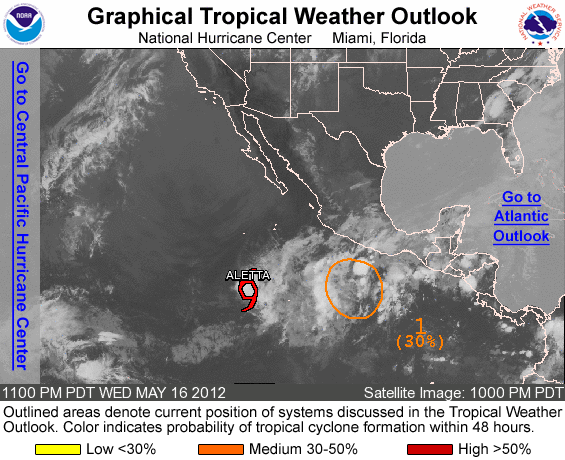
FOR THE EASTERN NORTH PACIFIC...EAST OF 140 DEGREES WEST LONGITUDE..

THE NATIONAL HURRICANE CENTER IS ISSUING ADVISORIES ON TROPICAL STORM ALETTA...LOCATED ABOUT 840 MILES SOUTH-SOUTHWEST OF THE SOUTHERN TIP OF BAJA CALIFORNIA.

1.

1. SHOWER ACTIVITY ASSOCIATED WITH A BROAD LOW PRESSURE AREA CENTERED ABOUT SEVERAL HUNDRED MILES SOUTH OF ACAPULCO MEXICO REMAINS POORLY ORGANIZED. ENVIRONMENTAL CONDITIONS ARE FORECAST TO BECOME MORE CONDUCIVE FOR SLOW DEVELOPMENT DURING THE NEXT FEW DAYS. THIS SYSTEM HAS A MEDIUM CHANCE...30 PERCENT...OF BECOMING A TROPICAL CYCLONE DURING THE NEXT 48 HOURS AS IT MOVES SLOWLY TO THE NORTHWEST.

ELSEWHERE...TROPICAL CYCLONE FORMATION IS NOT EXPECTED DURING THE NEXT 48 HOURS.

FORECASTER AVILA